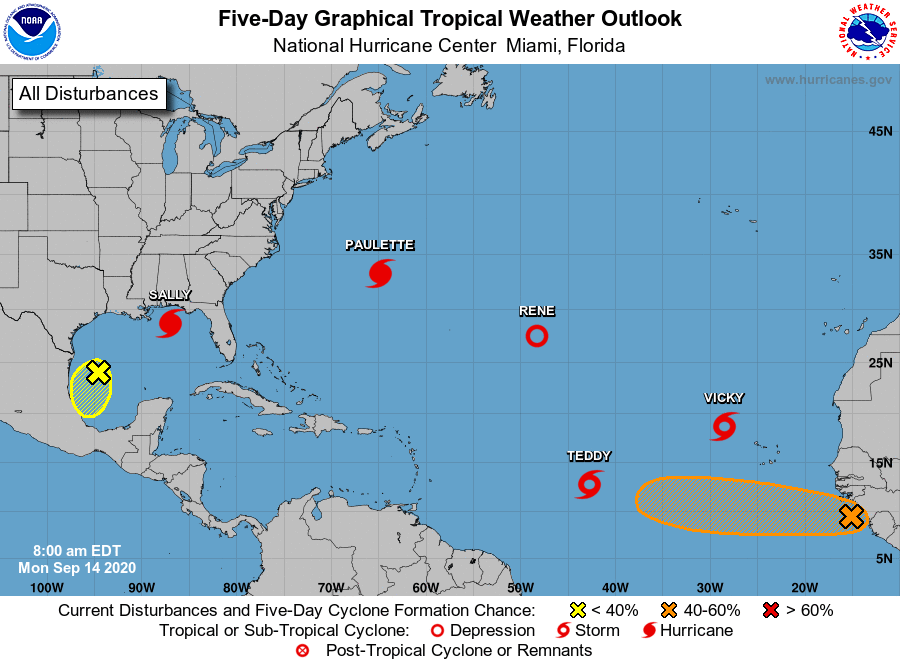
For the North Atlantic...Caribbean Sea and the Gulf of Mexico:

The National Hurricane Center is issuing advisories on Hurricane Paulette, located near Bermuda, on Tropical Depression Rene, located over the central Atlantic, on Tropical Storm Sally, centered over the north-central Gulf of Mexico, on recently upgraded Tropical Storm Teddy, located over the east-central tropical Atlantic, and on newly formed Tropical Depression Twenty-One, located over the eastern tropical Atlantic.

1. Disorganized showers and thunderstorms over the western and southwestern Gulf of Mexico are associated with a weak area of low pressure. Development of this system is not expected due to strong upper-level winds while it moves slowly southwestward and then southward over the western Gulf of Mexico during the next few days.
* Formation chance through 48 hours...low...near 0 percent.
* Formation chance through 5 days...low...10 percent.

2. A tropical wave near the west coast of Africa is producing disorganized shower and thunderstorm activity. Environmental conditions appear to be conducive for slow development of the system this week as the wave moves westward at about 10 mph over the far eastern tropical Atlantic.
* Formation chance through 48 hours...low...10 percent.
* Formation chance through 5 days...medium...40 percent.

Public Advisories on Tropical Depression Twenty-One are issued under WMO header WTNT31 KNHC and under AWIPS header MIATCPAT1. Forecast/Advisories on Tropical Depression Twenty-One are issued under WMO header WTNT21 KNHC and under AWIPS header MIATCMAT1.

Forecaster Brown